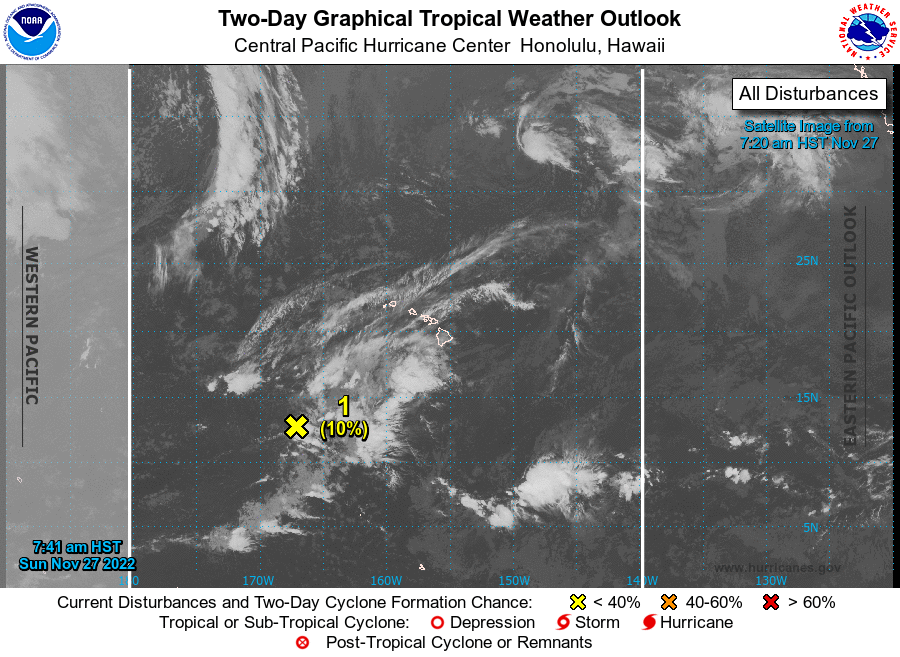
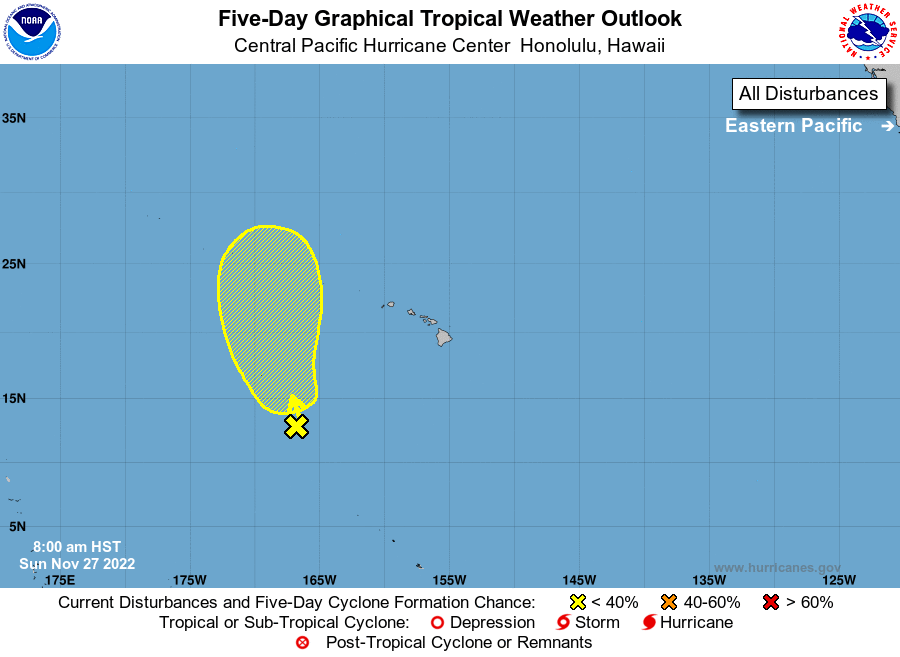
For the central North Pacific...between 140W and 180W:

1. Showers and isolated thunderstorms associated with a weak surface trough located about 720 miles southwest of Honolulu, Hawaii remain disorganized this morning. While an area of low pressure could form along the trough during the next several days, the enviornment is becoming less conducive for the development of a tropical cyclone.
* Formation chance through 48 hours...low...0 percent
* Formation chance through 5 days...low...10 percent

Elsewhere, no tropical cyclones are expected during the next 5 days.

The central North Pacific hurricane season officially ends on November 30. The final Tropical Weather Outlook of the season will be issued at 8 PM HST on November 30. Routine issuance of the Tropical Weather Outlook will resume on June 1, 2023. During the off-season, Tropical Weather Outlooks will be issued if conditions warrant.

Forecaster Foster